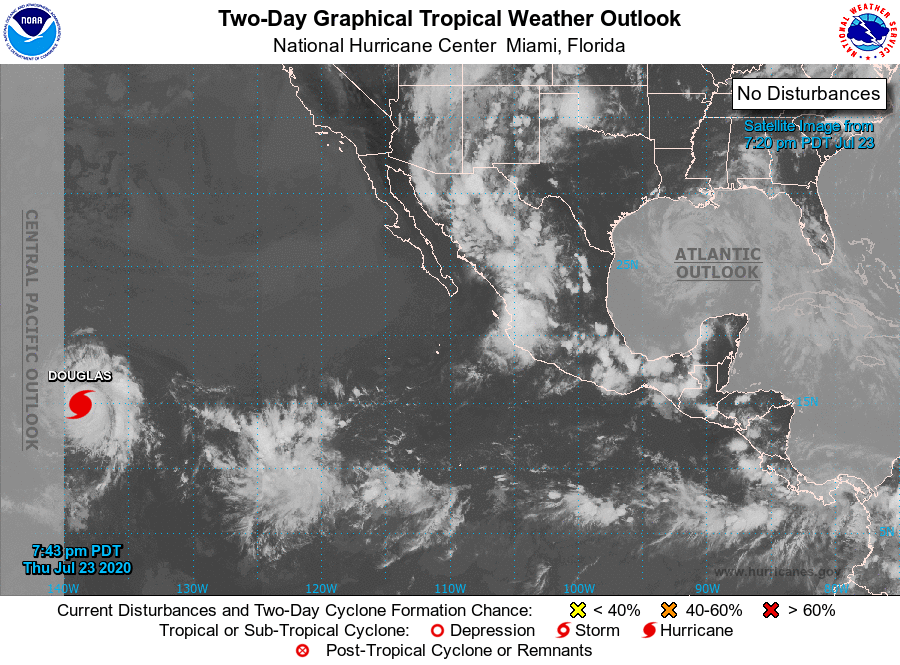
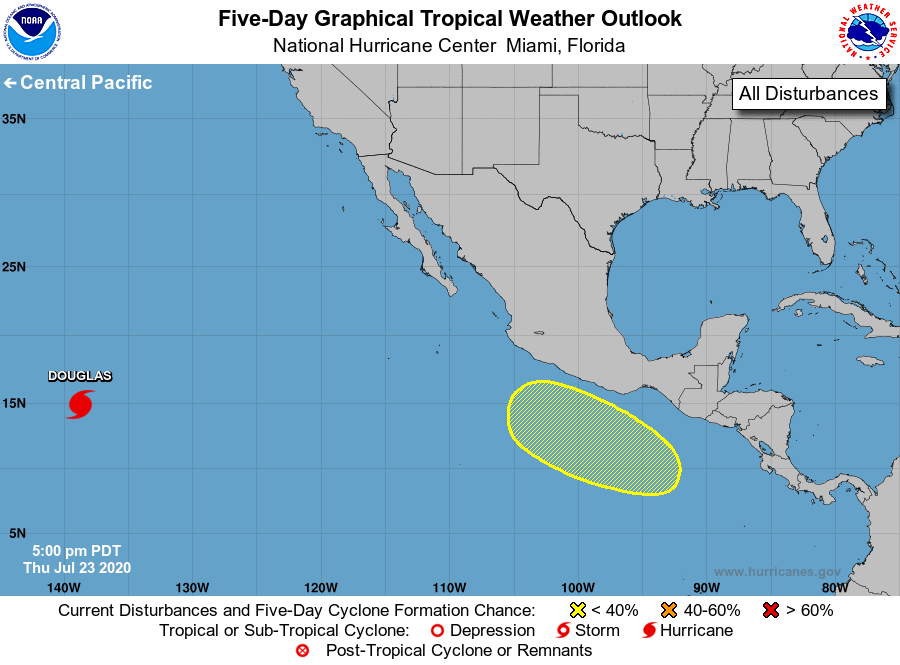
For the eastern North Pacific...east of 140 degrees west longitude:

The National Hurricane Center is issuing advisories on Hurricane Douglas, located over the far western portion of the basin.

1. An area of low pressure could form south of the southern coast of Mexico over the weekend. Any development of this system is expected to be slow to occur through early next week while it moves generally west-northwestward.
* Formation chance through 48 hours...low...near 0 percent.
* Formation chance through 5 days...low...10 percent.

Forecaster Brown